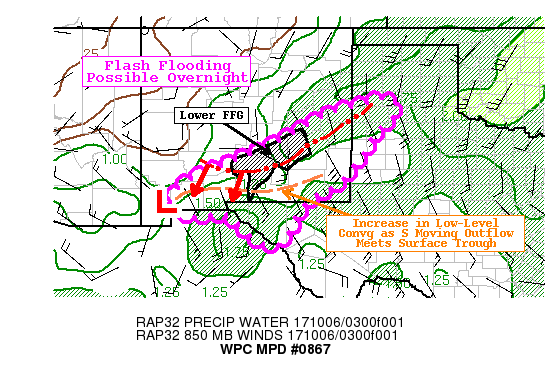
AREAS AFFECTED...SRN AND SERN NEW MEXICO...FAR WEST TEXAS

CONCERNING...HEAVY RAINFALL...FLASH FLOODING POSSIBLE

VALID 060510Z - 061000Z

SUMMARY...SLOW-MOVING THUNDERSTORMS WILL CONTINUE TO AFFECT
PRIMARILY PORTIONS OF SOUTHERN AND SOUTHEASTERN NEW MEXICO DURING
THE REMAINDER OF THE OVERNIGHT HOURS...WITH FLASH FLOODING
POSSIBLE IN AREAS OF TRAINING CELLS.

DISCUSSION...CONVECTION CONTINUES TO BLOSSOM ACROSS PARTS OF
SOUTHERN NEW MEXICO...GENERALLY IN CONTRAST WITH THE MAJORITY OF
HI-RES MODELS WHICH SHOW LIMITED ACTIVITY AND LOW QPF THROUGH 12Z
OVER MUCH OF THE REGION. THE INCOMING 00Z NSSL-WRF SEEMS TO HAVE
THE BEST HANDLE ON THE ONGOING PRIMARY BAND OF THUNDERSTORMS FROM
NEAR CLOVIS NM TO NEAR ROSWELL NM AND IS MORE REPRESENTATIVE OF
THE ONGOING DEVELOPMENT TO THE SOUTHWEST OF THAT NEAR A SURFACE
MESOLOW AND ACCOMPANYING TROUGH THAT EXTENDS TO THE EAST.
EXPERIMENTAL GOES-16 IR SATELLITE LOOPS AND HOLLOMAN AFB RADAR
BOTH SHOW THE WESTWARD EXTENT OF THE OUTFLOW BOUNDARY ASSOCIATED
WITH THE PRIMARY BAND OF CONVECTION IS PROPAGATING SOUTH AND
PASSED THE ALAMOGORDO NM AREA AROUND 04Z. AS THIS BOUNDARY PUSHES
INTO A REGION OF HIGHER INSTABILITY AND MOISTURE...AN EXISTING
MESOSCALE BOUNDARY...AND INCREASING SOUTHERLY FLOW (PER KEPZ VWP
IN THE LOWEST 1KM AGL)...LOW-LEVEL CONVERGENCE MAY INCREASE AND
PROVIDE A FOCUS FOR AN ORGANIZED HEAVY RAIN THREAT.

THEREFORE...THE GREATEST CHANCE OF FLASH FLOODING MAY EXIST NEAR
THE ONGOING PRIMARY BAND OF CONVECTION (WHERE FLASH FLOODING HAS
ALREADY BEEN REPORTED IN SOME LOCATIONS)...AND NEAR THE COLLISION
OF MESOSCALE BOUNDARIES (ROUGHLY FROM NEAR DEMING NM TO NEAR
ARTESIA NM). HOURLY RAIN RATES COULD BE AS HIGH AS 1.5-2.0 IN/HR
IF TRAINING OF THE STRONGEST THUNDERSTORMS CAN OCCUR FOR MORE
EXTENDED PERIODS OF TIME.